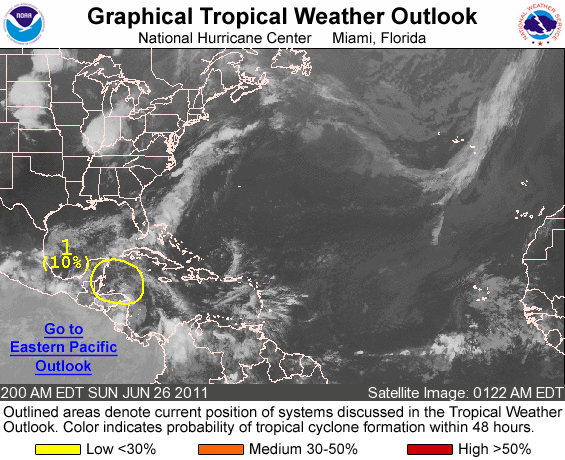
FOR THE NORTH ATLANTIC...CARIBBEAN SEA AND THE GULF OF MEXICO...

1. A TROPICAL WAVE INTERACTING WITH AN UPPER-LEVEL TROUGH IS PRODUCING CLOUDINESS AND DISORGANIZED SHOWER ACTIVITY OVER MUCH OF HONDURAS...NICARAGUA...AND THE NORTHWESTERN CARIBBEAN SEA. LITTLE IF ANY DEVELOPMENT IS EXPECTED WHILE THE WAVE INTERACTS WITH THE UPPER-LEVEL TROUGH...AND AS IT MOVES ACROSS CENTRAL AMERICA AND THE YUCATAN PENINSULA. HOWEVER...THIS SYSTEM IS FORECAST TO EMERGE OVER THE BAY OF CAMPECHE IN A COUPLE OF DAYS WHERE UPPER-LEVEL WINDS ARE EXPECTED TO BECOME MORE CONDUCIVE FOR SOME DEVELOPMENT TO OCCUR. THERE IS A LOW CHANCE...10 PERCENT...OF THIS SYSTEM BECOMING A TROPICAL CYCLONE DURING THE NEXT 48 HOURS. REGARDLESS OF DEVELOPMENT...THIS DISTURBANCE COULD BRING PERIODS OF LOCALLY HEAVY RAINFALL AND GUSTY WINDS TO THE YUCATAN PENINSULA...BELIZE...AND ADJACENT CARIBBEAN WATERS DURING THE NEXT DAY OR TWO AS IT MOVES WEST-NORTHWESTWARD AT 10 TO 15 MPH.

ELSEWHERE...TROPICAL CYCLONE FORMATION IS NOT EXPECTED DURING THE NEXT 48 HOURS.

FORECASTER STEWART